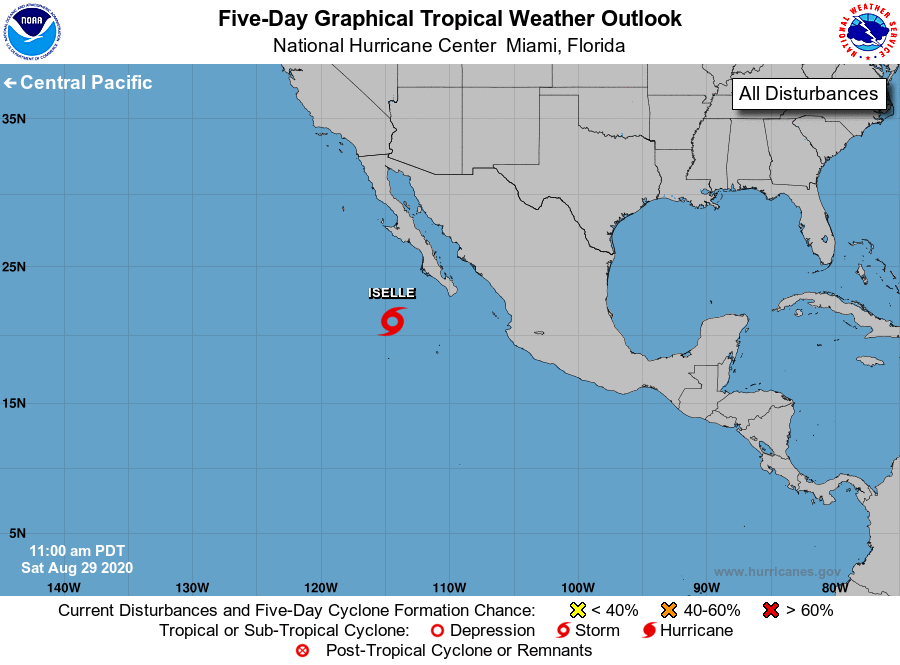
For the eastern North Pacific...east of 140 degrees west longitude:

The National Hurricane Center is issuing advisories on Tropical Storm Iselle, located several hundred miles west-southwest of the southern tip of the Baja California peninsula.

Tropical cyclone formation is not expected during the next 5 days.

Forecaster Roberts